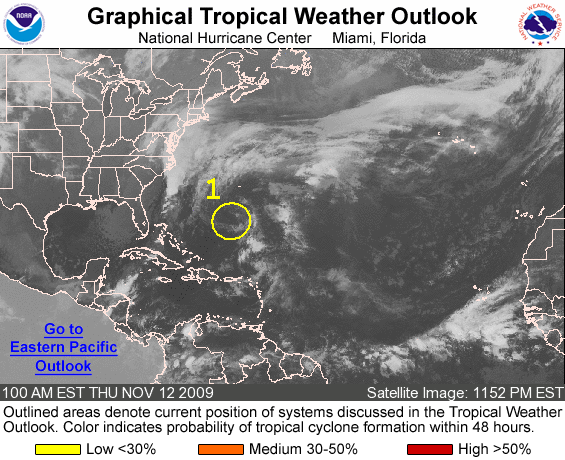
FOR THE NORTH ATLANTIC...CARIBBEAN SEA AND THE GULF OF MEXICO...

THE HYDROMETEOROLOGICAL PREDICTION CENTER IS ISSUING ADVISORIES ON THE EXTRATROPICAL REMNANTS OF IDA. FURTHER INFORMATION ON THIS SYSTEM CAN BE FOUND IN PUBLIC ADVISORIES ISSUED UNDER AWIPS HEADER TCPAT1 AND WMO HEADER WTNT31 KWNH.

1. A NON-TROPICAL LOW PRESSURE AREA CENTERED ABOUT 300 MILES SOUTH-SOUTHWEST OF BERMUDA IS PRODUCING DISORGANIZED SHOWERS AND A FEW THUNDERSTORMS. UPPER-LEVEL WINDS ARE FORECAST TO BECOME UNFAVORABLE FOR DEVELOPMENT AS THE LOW MOVES NORTH-NORTHEASTWARD AROUND 15 MPH. THERE IS A LOW CHANCE...LESS THAN 30 PERCENT...OF THIS SYSTEM BECOMING A TROPICAL OR SUBTROPICAL CYCLONE BEFORE IT IS ABSORBED WITHIN A FRONTAL ZONE LATER TODAY.

ELSEWHERE...TROPICAL CYCLONE FORMATION IS NOT EXPECTED DURING THE NEXT 48 HOURS.

FORECASTER BROWN